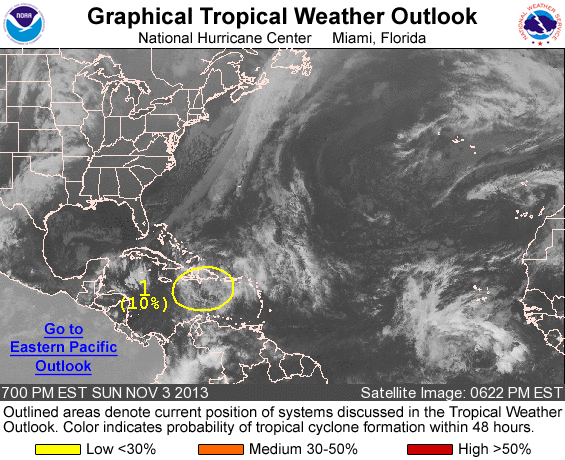
FOR THE NORTH ATLANTIC...CARIBBEAN SEA AND THE GULF OF MEXICO...

1. A BROAD AND WEAK AREA OF LOW PRESSURE OVER THE CENTRAL CARIBBEAN SEA IS PRODUCING DISORGANIZED CLOUDINESS AND SHOWERS. SIGNIFICANT DEVELOPMENT OF THIS LOW IS NOT EXPECTED WHILE IT DRIFTS WESTWARD OR SOUTHWESTWARD DURING THE NEXT FEW DAYS. THIS SYSTEM HAS A LOW CHANCE...10 PERCENT...OF BECOMING A TROPICAL CYCLONE DURING THE NEXT 48 HOURS...AND A LOW CHANCE...10 PERCENT...OF BECOMING A TROPICAL CYCLONE DURING THE NEXT 5 DAYS. REGARDLESS OF DEVELOPMENT...HEAVY RAINFALL AND FLOODING IS POSSIBLE ACROSS PORTIONS OF HISPANIOLA...PUERTO RICO...AND THE VIRGIN ISLANDS DURING THE NEXT DAY OR TWO.

FIVE-DAY FORMATION PROBABILITIES ARE EXPERIMENTAL IN 2013. COMMENTS ON THE EXPERIMENTAL FORECASTS CAN BE PROVIDED AT...

HTTP://WWW.NWS.NOAA.GOV/SURVEY/NWS-SURVEY.PHP?CODE=ETWO

FORECASTER CANGIALOSI